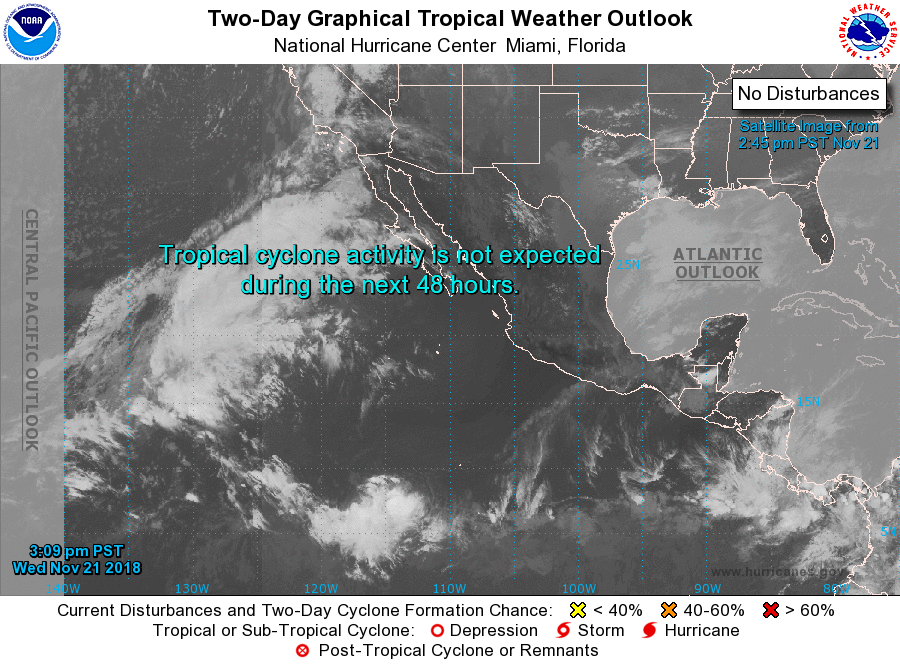
For the eastern North Pacific...east of 140 degrees west longitude:

Tropical cyclone formation is not expected during the next 5 days.

Forecaster Stewart